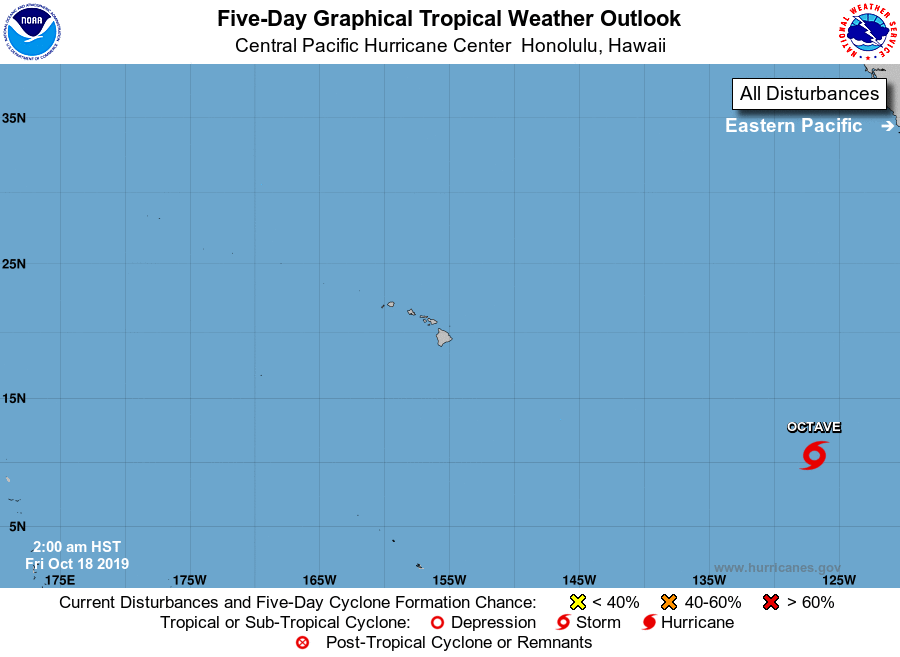
For the central North Pacific...between 140W and 180W:

No tropical cyclones are expected during the next 5 days.

Forecaster Gibbs